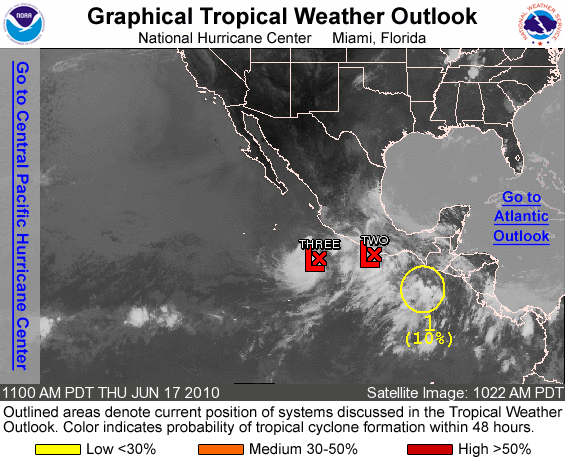
FOR THE EASTERN NORTH PACIFIC...EAST OF 140 DEGREES WEST LONGITUDE..

THE NATIONAL HURRICANE CENTER HAS ISSUED THE LAST ADVISORY ON TROPICAL DEPRESSION TWO-E...WHICH DISSIPATED OFF THE SOUTHERN COAST OF MEXICO THIS MORNING. THE NATIONAL HURRICANE CENTER IS ISSUING ADVISORIES ON NEWLY FORMED TROPICAL STORM BLAS LOCATED ABOUT 265 MILES SOUTH-SOUTHWEST OF MANZANILLO MEXICO.

1. AN AREA OF DISTURBED WEATHER ASSOCIATED WITH A TROPICAL WAVE IS CENTERED SEVERAL HUNDRED MILES SOUTH-SOUTHEAST OF THE GULF OF TEHUANTEPEC. DEVELOPMENT...IF ANY...IS EXPECTED TO BE SLOW TO OCCUR AS THE SYSTEM MOVES SLOWLY TO THE WEST-NORTHWEST. THERE IS A LOW CHANCE...10 PERCENT...OF THIS SYSTEM BECOMING A TROPICAL CYCLONE DURING THE NEXT 48 HOURS.

ELSEWHERE...TROPICAL CYCLONE FORMATION IS NOT EXPECTED DURING THE NEXT 48 HOURS.

PUBLIC ADVISORIES ON TROPICAL STORM BLAS ARE ISSUED UNDER WMO HEADER WTPZ33 KNHC AND UNDER AWIPS HEADER MIATCPEP3. FORECAST/ADVISORIES ON BLAS ARE ISSUED UNDER WMO HEADER WTPZ23 KNHC AND UNDER AWIPS HEADER MIATCMEP3.

FORECASTER BROWN/BLAKE